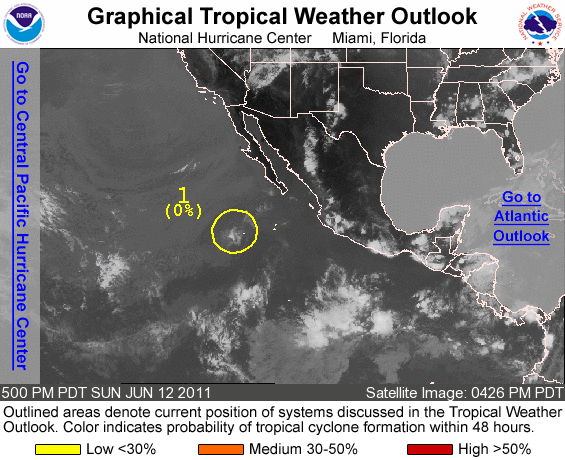
FOR THE EASTERN NORTH PACIFIC...EAST OF 140 DEGREES WEST LONGITUDE..

1. THE REMNANT CIRCULATION OF FORMER TROPICAL DEPRESSION ADRIAN IS LOCATED ABOUT 490 MILES SOUTHWEST OF THE SOUTHERN TIP OF BAJA CALIFORNIA. THIS SYSTEM SHOULD STEADILY WEAKEN AS IT MOVES WEST-NORTHWESTWARD AT 5 TO 10 MPH. THERE IS A LOW CHANCE...NEAR 0 PERCENT...OF THIS SYSTEM REGENERATING INTO A TROPICAL CYCLONE.

ELSEWHERE...TROPICAL CYCLONE FORMATION IS NOT EXPECTED DURING THE NEXT 48 HOURS.

FORECASTER STEWART